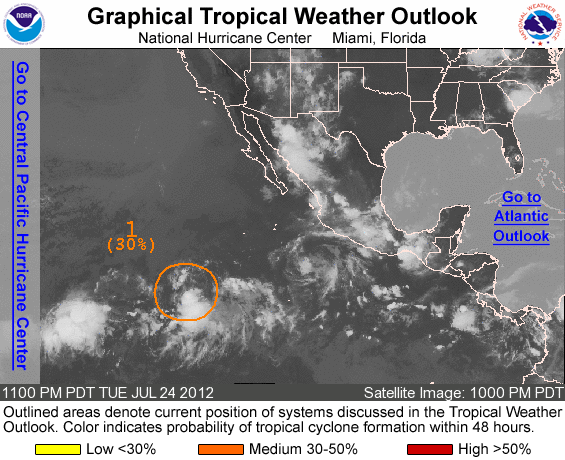
FOR THE EASTERN NORTH PACIFIC...EAST OF 140 DEGREES WEST LONGITUDE..

1. THERE HAS BEEN LITTLE CHANGE IN THE LOW PRESSURE AREA LOCATED ABOUT 1100 MILES SOUTHWEST OF THE SOUTHERN TIP OF BAJA CALIFORNIA. SOME SLOW DEVELOPMENT OF THIS DISTURBANCE IS STILL POSSIBLE DURING THE NEXT COUPLE OF DAYS. THIS SYSTEM HAS A MEDIUM CHANCE...30 PERCENT...OF BECOMING A TROPICAL CYCLONE DURING THE NEXT 48 HOURS AS IT MOVES WESTWARD OR WEST-NORTHWESTWARD AT 10 TO 15 MPH.

ELSEWHERE...TROPICAL CYCLONE FORMATION IS NOT EXPECTED DURING THE NEXT 48 HOURS.

FORECASTER PASCH